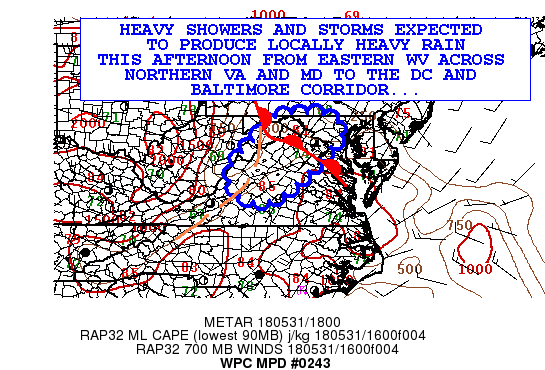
AREAS AFFECTED......EASTERN WV TO NORTHERN VA AND THE DC TO
BALTIMORE METRO...

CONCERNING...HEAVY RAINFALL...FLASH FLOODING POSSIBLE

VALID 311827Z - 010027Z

SUMMARY...HEAVY SHOWERS/STORMS ARE FORECAST TO MOVE EAST ACROSS
EASTERN WV AND MD/NORTHERN AND CENTRAL VA THIS AFTERNOON.  PRIOR
RAINS HAVE RESULTED IN AREAS PRONE TO FLASH FLOODING SO PATCHES OF
1-3 INCHES OF RAIN COULD CAUSE FLOODING.

DISCUSSION...REGIONAL RADARS AND SATELLITE HAVE SHOWN AN INCREASE
IN SHOWERS/STORMS ACROSS EASTERN WV AND WESTERN MD EARLY THIS
AFTERNOON.  THESE STORMS WILL MOVE ACROSS NORTHERN VA AND CENTRAL
MD INTO THE WASHINGTON DC AND BALTIMORE CORRIDOR EITHER LATE THIS
AFTERNOON OR EARLY EVENING.

DIURNAL DESTABILIZATION AND DEEP MOISTURE WITH IMPRESSIVE MID 70S
DEWPOINTS FURTHER EAST SUPPORT ADDITIONAL SHOWERS/STORMS ...AIDED
BY LIFT CREATED BY UPPER LEVEL DIVERGENCE MAXIMA AND A WARM FRONT
CROSSING NORTHERN VA/MD.

THE MORNING SOUNDING FROM DULLES VA INDICATED SURFACE-500 MB
RELATIVE HUMIDITY OF 90 PERCENT...SO SHOWERS WILL BE EFFICIENT
RAINFALL PRODUCERS.

THESE AREAS HAVE RECEIVED HEAVY RAINS LAST NIGHT OR EARLIER THIS
WEEK SO ARE PRONE TO FLOODING IF ADDITIONAL HEAVY RAINS OCCUR.
SOME FLASH FLASH GUIDANCE IS AS LOW AS HALF AN INCH IN 6 HOURS IN
THE CHARLOTTESVILLE VA AREA WHERE HEAVY RAIN FELL LAST NIGHT.

THERE ARE A COUPLE OF DIFFERENT BANDS WITH THE POSSIBILITY OF MORE
THAN ONE BAND IMPACTING A GIVEN LOCATIONS...WHICH WOULD RESULT IN
LOCALIZED HEAVY RAIN TOTALS.
INFLOW FROM SOUTHERN VA HAS NEAR 1500-2000 J/KG OF MIXED LAYER
CAPE...WITH OUTFLOWS PROVIDING WELL DEFINED BOUNDARY LAYER
MOISTURE CONVERGENCE...SO ADDITIONAL SHOWERS/STORMS ARE EXPECTED.

THE WRF ARW AND ARW 2 AND THE 15-16Z HIGH RES RAPID REFRESH SHOW
SPOTTY 1-2 INCHES OF RAIN WITH MAXIMA TO 3 INCHES WHERE CELL
MERGERS...BRIEF TRAINING OR MORE THAN ONE ROUND OF SHOWERS/STORMS
OCCUR.